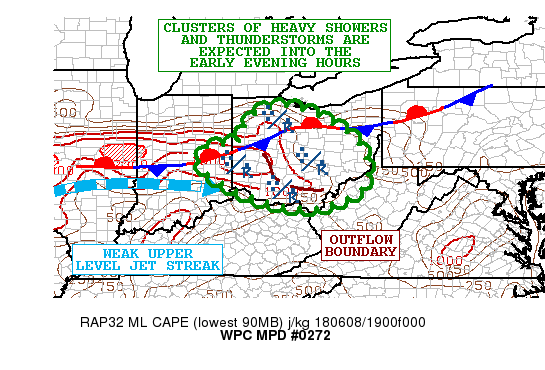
AREAS AFFECTED...EAST-CENTRAL IN...OH...WEST-CENTRAL WV

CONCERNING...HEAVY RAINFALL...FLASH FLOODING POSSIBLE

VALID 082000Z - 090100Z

SUMMARY...CLUSTERS OF HEAVY SHOWERS AND THUNDERSTORMS WITH SOME
BACKBUILDING AND LOCALIZED REPEATING OF CELLS IS EXPECTED THROUGH
THE REMAINDER OF THE AFTERNOON AND EARLY EVENING. SOME FLASH
FLOODING WILL BE POSSIBLE.

DISCUSSION...THE LATEST RADAR IMAGERY IS SHOWING SEVERAL CLUSTERS
OF SHOWERS AND THUNDERSTORMS DEVELOPING AND GRADUALLY BECOMING
BETTER ORGANIZED OVER ESPECIALLY CENTRAL OH. THE ACTIVITY IS
FOCUSED NEAR AND TO THE SOUTH OF A QUASI-STATIONARY FRONT...AND IS
BECOMING EMBEDDED WITHIN A MODERATELY UNSTABLE AIRMASS WITH MLCAPE
VALUES OF 1500 TO 2000 J/KG NOTED AS PER THE LATEST RAP ANALYSIS.

OVERALL THE MAIN SUPPORT FOR CONVECTION APPEARS TO BE TIED INTO
THE ALIGNMENT OF DIURNALLY ENHANCED INSTABILITY WITH THE FRONT
WHERE LOW LEVEL CONVERGENCE IS RELATIVELY ENHANCED.
HOWEVER...THERE IS EVIDENCE IN THE LATEST GOES-16 WV/IR IMAGERY OF
A MODEST MID/UPPER LEVEL JET STREAK CUTTING ACROSS THE OH VALLEY
WHICH IS ALSO DEPICTED IN THE 18Z RAP ANALYSIS. THIS MODEST ENERGY
ALOFT...MAINLY AROUND 300 MB...WILL BE SUFFICIENT TO DRIVE SOME
WEAK LEFT-EXIT REGION FORCING THAT SHOULD TEND TO PROMOTE SOME
ADDITIONAL CONVECTIVE EXPANSION/ORGANIZATION OVER THE NEXT COUPLE
OF HOURS AND ESPECIALLY WITH PEAK DIURNAL HEATING APPROACHING. AS
THIS OCCURS...ONE OTHER FACTOR TO CONSIDER WILL BE THE UNSTABLE
AND MOIST UPSTREAM LOW LEVEL SOUTHWEST FLOW THAT WILL BE
OVERRUNNING AN INCREASINGLY WELL-DEFINED COLD POOL. THIS WILL
PROMOTE SOME LOCALIZED BACKBUILDING AND REPEATING OF CELLS AS
CONVECTION REGENERATES NEAR THE EDGE OF THE COLD POOL.

PWATS ARE GENERALLY NEAR 1.5 INCHES...WHICH WILL BE CONDUCIVE FOR
HEAVY RAINFALL RATES. IN FACT...DUAL-POL RADAR ESTIMATES ARE
ALREADY AS MUCH AS 2 TO 3 INCHES/HR WHICH IS IN MOST CASES
EXCEEDING FFG VALUES.

EXPECT AS MUCH AS 3 TO 4 INCHES OF RAIN GIVEN THE SET-UP WITH
ISOLATED HEAVIER TOTALS. FLASH FLOODING WILL BE POSSIBLE AS A
RESULT GIVEN THESE TOTALS. CONVECTION SHOULD WEAKEN NEAR AND AFTER
00Z AS INSTABILITY BECOMES EXHAUSTED...SO THIS IS A SHORT-TERM
FLASH FLOOD CONCERN.